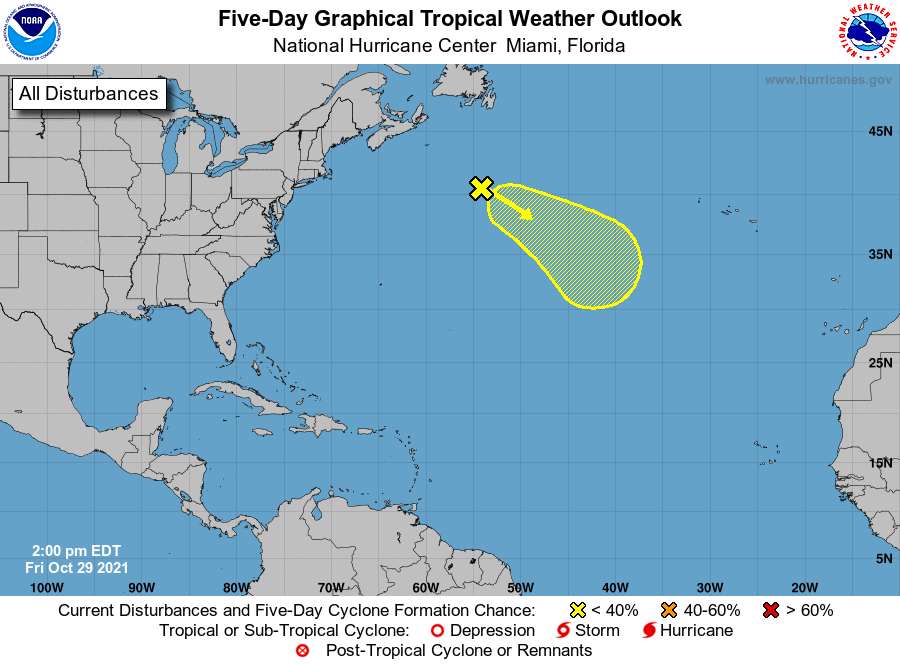
For the North Atlantic...Caribbean Sea and the Gulf of Mexico:

1. A strong, frontal low pressure system located several hundred miles south of Cape Race, Newfoundland continues to produce showers and a few thunderstorms. The nontropical low is forecast to move east-southeastward and southeastward toward slightly warmer waters during the next few days, and it could lose its associated fronts and acquire some subtropical characteristics this weekend or early next week while over the central Atlantic. For more information on this system, including gale warnings, see High Seas Forecasts issued by the National Weather Service.
* Formation chance through 48 hours...low...20 percent.
* Formation chance through 5 days...low...30 percent.

High Seas Forecasts issued by the National Weather Service can be found under AWIPS header NFDHSFAT1, WMO header FZNT01 KWBC, and online at ocean.weather.gov/shtml/NFDHSFAT1.php

Forecaster Reinhart